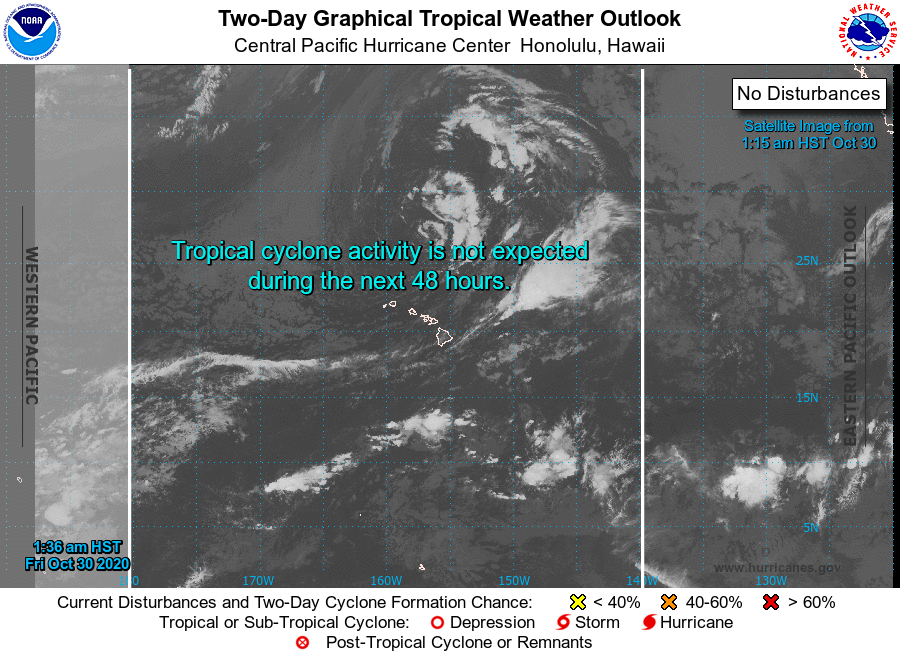
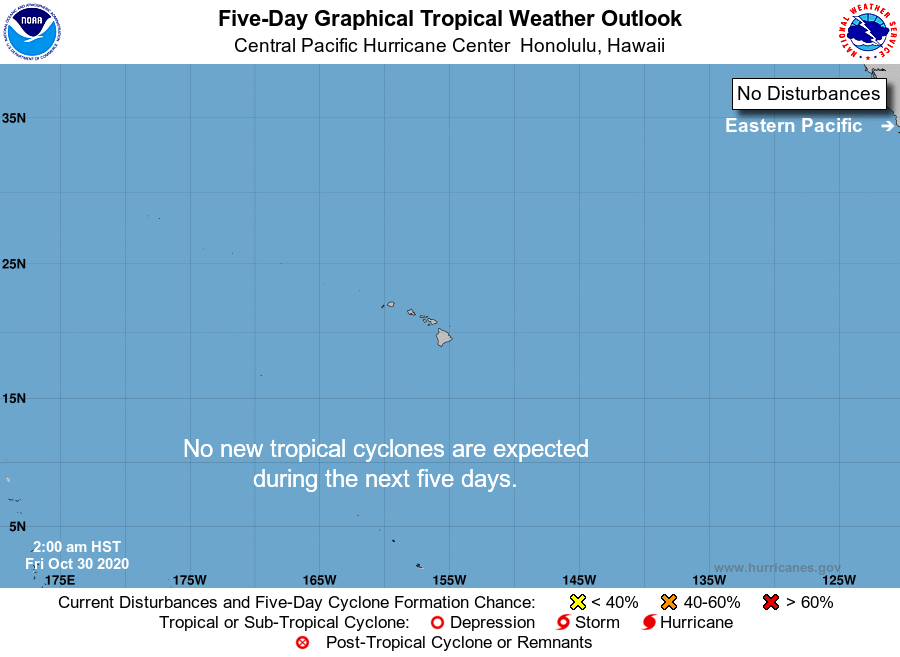
For the central North Pacific...between 140W and 180W:

No tropical cyclones are expected during the next 5 days.

Forecaster Houston